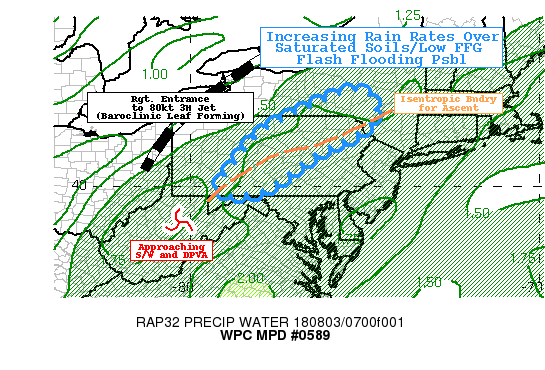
Areas affected...Central PA...Ext South Central NY...

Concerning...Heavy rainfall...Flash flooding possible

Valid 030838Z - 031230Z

SUMMARY...Increasing convective depth with some training over
saturated soils/low FFG, may lead to some flash flooding through
early morning.

DISCUSSION...Goes-16 3.9um and 10.3um IR, depict a band of cooling
cloud tops to -40C across central PA into south central NY,
generally orienting favorably to the mean cloud bearing flow for
some training to occur.   RADAR suite and VWP suggest the band is
occurring with some weak WAA/isentropic ascent across a subtle low
level boundary from Huntingdon, PA to Sullivan, NY county; in
advance of a weak subtle shortwave inflection emerging from
northern WV.  Fifteen to twenty knots of 850mb flow from the SSW
is not ideally oriented to the band, but is also along crossing a
pool of increased deep moisture per GPS network, where PWATs have
increased to 1.73" near BGM.  This would be confirmed by surface
Tds in the low 70s, and a slug of increased 85-7H moisture per
CIRA LPW and RAP analysis.  Coincident with the increased moisture
are slightly increased mid-level lapse rates providing skinny
instability profiles up to 1000 J/kg.

The combination with the approach of the subtle wave within the
right entrance to a strengthening upper level jet streak (see
cirrus baroclinic wedge over W PA/E OH) suggests increasing low
level convergence and upper level support for continued convective
development over the next few hours.   Given cloud bearing flow,
even rates of 1-1.25" (given limited instability/low level
heating) for stronger updrafts; saturated soils with FFG values
below 1" across much of the concern area are possible to be
eclipsed especially if coverage increases to support greater
training possibilities through early morning...still this is still
somewhat uncertain given variance in hi-res CAM solutions until
after solar isolation/instability is strengthened.